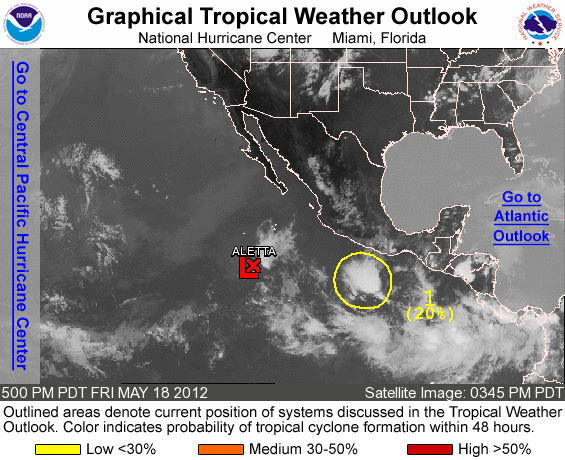
FOR THE EASTERN NORTH PACIFIC...EAST OF 140 DEGREES WEST LONGITUDE..

THE NATIONAL HURRICANE CENTER IS ISSUING ADVISORIES ON TROPICAL DEPRESSION ALETTA...LOCATED ABOUT 635 MILES SOUTH-SOUTHWEST OF THE SOUTHERN TIP OF BAJA CALIFORNIA.

1. SHOWER AND THUNDERSTORM ACTIVITY REMAINS DISORGANIZED IN ASSOCIATION WITH AN AREA OF LOW PRESSURE LOCATED SEVERAL HUNDRED MILES SOUTH OF ACAPULCO MEXICO. DEVELOPMENT OF THIS SYSTEM IS EXPECTED TO BE SLOW AS IT DRIFTS ERRATICALLY...AND THIS SYSTEM HAS A LOW CHANCE...20 PERCENT...OF BECOMING A TROPICAL CYCLONE DURING THE NEXT 48 HOURS.

ELSEWHERE...TROPICAL CYCLONE FORMATION IS NOT EXPECTED DURING THE NEXT 48 HOURS.

FORECASTER BLAKE